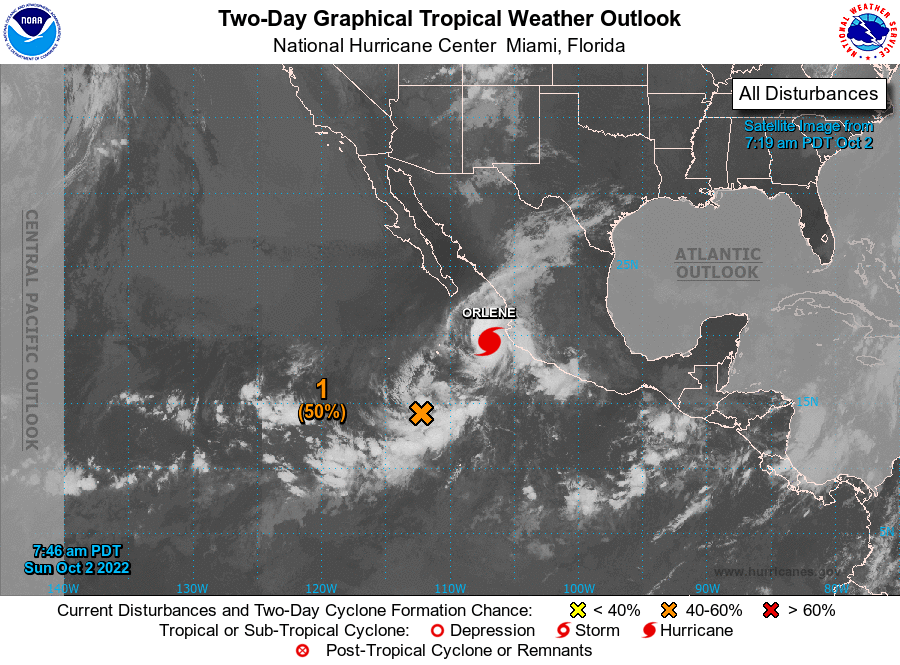
For the eastern North Pacific...east of 140 degrees west longitude:

Active Systems: The National Hurricane Center is issuing advisories on Hurricane Orlene, located about 100 miles southwest of Cabo Corrientes, Mexico.

1. South-Southwest of the Baja California Peninsula: Showers and thunderstorms associated with a broad area of low pressure located several hundred miles south-southwest of the southern tip of the Baja California peninsula continue to show signs of gradual organization. Additional development of this system is possible, and a tropical depression could form during the next couple of days as it moves slowly northeastward or northward.
* Formation chance through 48 hours...medium...50 percent.
* Formation chance through 5 days...medium...50 percent.

Forecaster D. Zelinsky